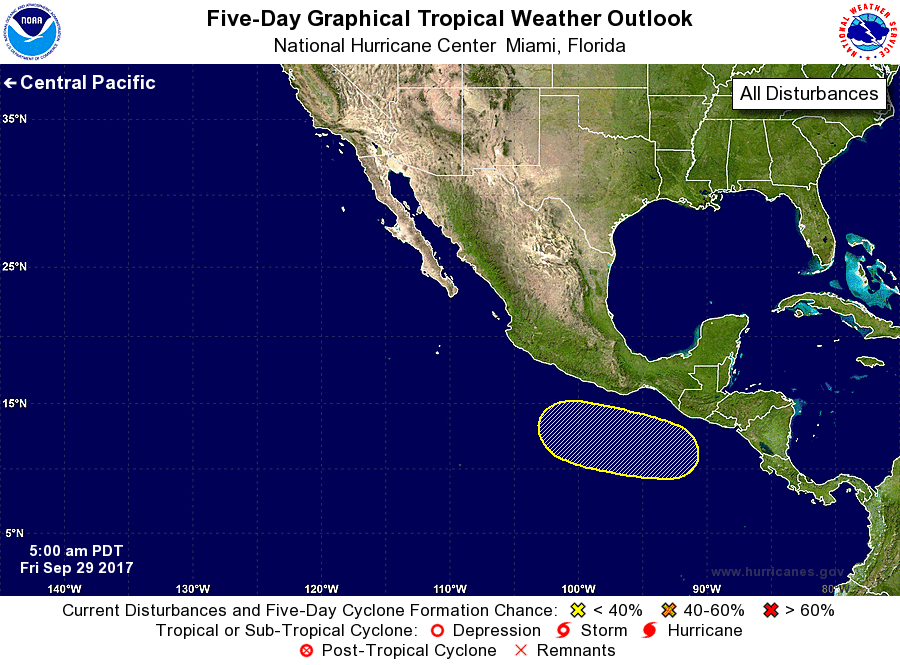
For the eastern North Pacific...east of 140 degrees west longitude:

1. An area of low pressure is expected to form a few hundred miles south or southwest of the Gulf of Tehuantepec by the middle of next week. Environmental conditions are expected to be conducive for gradual development while the system moves west-northwestward or northwestward.
* Formation chance through 48 hours...low...near 0 percent.
* Formation chance through 5 days...low...20 percent.

Forecaster Zelinsky